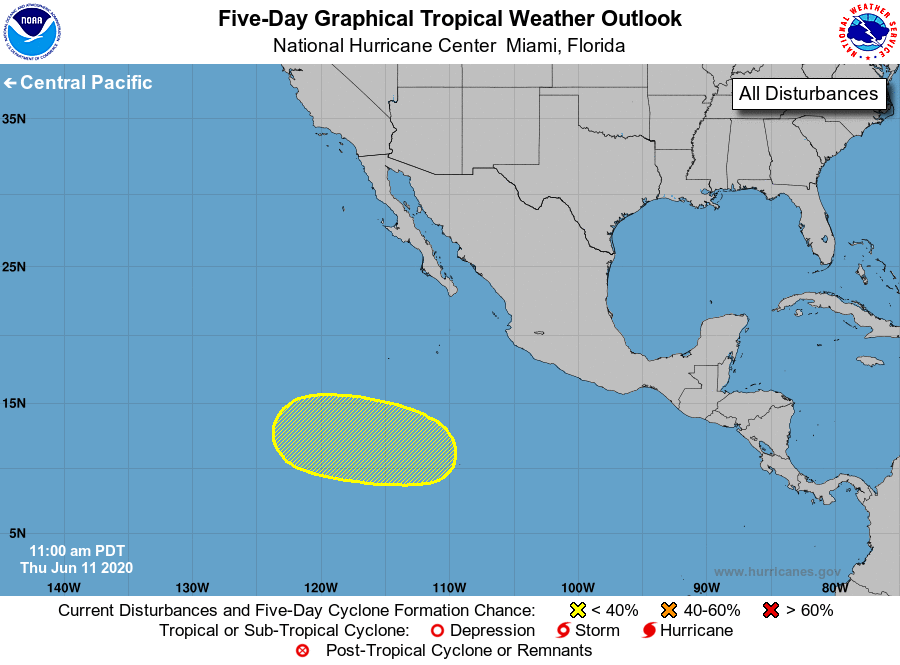
For the eastern North Pacific...east of 140 degrees west longitude:

1. A broad area of low pressure is forecast to form well south or south-southwest of the southern tip of Baja California Sur this weekend. Environmental conditions are expected to be only marginally conducive, and any development should be slow to occur through early next week while the system moves west-northwestward.
* Formation chance through 48 hours...low...near 0 percent.
* Formation chance through 5 days...low...30 percent.

Forecaster Brown